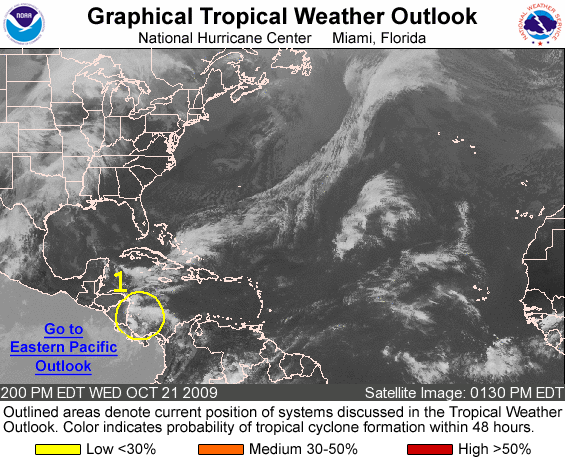
FOR THE NORTH ATLANTIC...CARIBBEAN SEA AND THE GULF OF MEXICO...

1. A NEARLY STATIONARY AREA OF LOW PRESSURE OVER THE SOUTHWESTERN CARIBBEAN SEA AND CENTRAL AMERICA IS PRODUCING A LARGE AREA OF CLOUDINESS AND SHOWERS. THIS SYSTEM REMAINS POORLY ORGANIZED AND DEVELOPMENT...IF ANY...WILL BE SLOW TO OCCUR. HEAVY RAINS WILL LIKELY CONTINUE OVER COSTA RICA...NICARAGUA...AND HONDURAS DURING THE NEXT FEW DAYS. THERE IS A LOW CHANCE... LESS THAN 30 PERCENT...OF THIS SYSTEM BECOMING A TROPICAL CYCLONE DURING THE NEXT 48 HOURS.

ELSEWHERE...TROPICAL CYCLONE FORMATION IS NOT EXPECTED DURING THE NEXT 48 HOURS.

FORECASTER AVILA